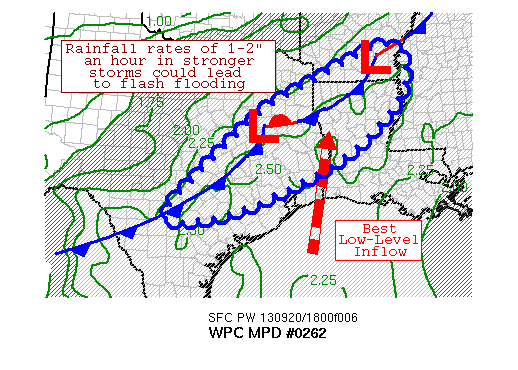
AREAS AFFECTED...TX HILL COUNTRY TO THE ARKLATEX

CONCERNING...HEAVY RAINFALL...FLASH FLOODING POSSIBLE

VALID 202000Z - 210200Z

SUMMARY...A BAND OF HEAVY RAINFALL IS EXPECTED TO SLOWLY SHIFT
SOUTHEAST OVER THE NEXT SEVERAL HOURS.  AS THE BAND IS MOVING INTO
INCREASING FLASH FLOOD GUIDANCE VALUES, REGIONAL FLASH FLOODING IS
CONSIDERED POSSIBLE.

DISCUSSION...A LONG BAND OF HEAVY RAIN EXTENDS FROM THE TX HILL
COUNTRY NORTHEAST THROUGH EASTERN TX TOWARDS THE LA/AR BORDER,
WITH SCATTERED THUNDERSTORMS COVERING PORTIONS OF THE UPPER TX
COASTAL PLAIN AND WESTERN LA.  THE 15Z HRRR APPEARS TO BE HANDLING
THE CONVECTIVE PATTERN THE BEST WITHIN THIS REGION AT THIS TIME.
THE MAIN FOCUS OF FOR THE RAIN BAND IS A FRONTAL ZONE EXTENDING
FROM UVALDE TX NORTHEAST THROUGH THE PINEY WOODS OF EASTERN TX
TOWARDS THE CENTRAL LA/AR BORDER.  PRECIPITABLE WATER VALUES OF
2-2.5 INCHES, IN THE 95TH PERCENTILE FOR LATE SEPTEMBER, ARE
HELPING INCREASE PRECIPITATION EFFICIENCY.  THE 12Z ARW/18Z RAP
INDICATE CAPE VALUES OF 1000-2000 J/KG IN THE WARM SECTOR ARE
BEING ADVECTED TOWARDS THE FRONTAL ZONE.  LOW-LEVEL INFLOW/0-3 KM
SHEAR OF AROUND 35 KTS EXISTS NEAR THE TX/LA BORDER.  THIS
COMBINATION OF CAPE AND LOW-LEVEL SHEAR FAVORS THE DEVELOPMENT OF
WET MACROBURST MULTICELLS.  AN UPPER-LEVEL SHORTWAVE MOVING
THROUGH THE SOUTHERN HIGH PLAINS IS ACTING AS THE MAIN SOURCE OF
DIVERGENCE ALOFT.  THE 850-400 HPA FLOW IS PARALLEL TO THE FRONTAL
BOUNDARY, WHICH IS A PLUS FOR HEAVY RAINFALL.

AS THE FRONTAL ZONE SLOWLY SHIFTS EASTWARD, THE BAND SHOULD MOVE
IN SUIT.  THE MAIN AXIS OF LOW-LEVEL INFLOW IS EXPECTED TO SHIFT
TOWARDS THE LA/MS BORDER, WHICH WAS USED TO DEFINE THE EASTERN
BOUND OF THE AREA.  AS LOW-LEVEL INFLOW AND INSTABILITY IS
EXPECTED TO PERSIST, THE THREAT OF FLASH FLOODING SHOULD CONTINUE
INTO THE EVENING HOURS. RAINFALL RATES OF 1-2" PER HOUR WERE
RECENTLY NOTED IN RADAR IMAGERY.  COMBINED WITH RELATIVELY HIGH
FLASH FLOOD GUIDANCE VALUES IN THE AREA, REGIONAL FLASH FLOODING
IS CONSIDERED POSSIBLE.